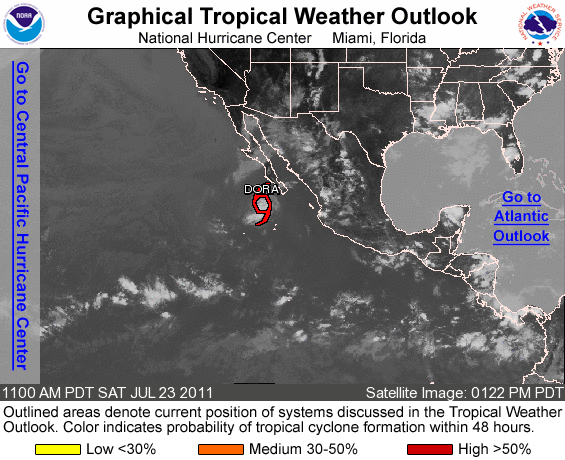
FOR THE EASTERN NORTH PACIFIC...EAST OF 140 DEGREES WEST LONGITUDE..

THE NATIONAL HURRICANE CENTER IS ISSUING ADVISORIES ON WEAKENING TROPICAL STORM DORA...LOCATED ABOUT 170 MILES SOUTHWEST OF CABO SAN LUCAS MEXICO.

ELSEWHERE...TROPICAL CYCLONE FORMATION IS NOT EXPECTED DURING THE NEXT 48 HOURS.

FORECASTER BEVEN